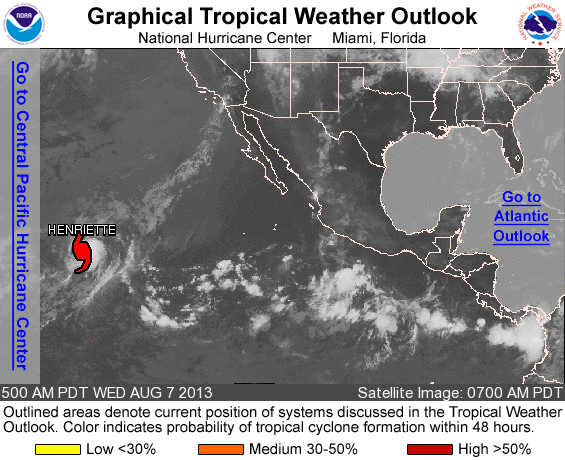
FOR THE EASTERN NORTH PACIFIC...EAST OF 140 DEGREES WEST LONGITUDE..

THE NATIONAL HURRICANE CENTER IS ISSUING ADVISORIES ON HURRICANE HENRIETTE...LOCATED FAR TO THE EAST-SOUTHEAST OF THE HAWAIIAN ISLANDS.

TROPICAL CYCLONE FORMATION IS NOT EXPECTED DURING THE NEXT 48 HOURS.

OTHER SYSTEMS WITH FORMATION POTENTIAL BEYOND 48 HOURS...

A BROAD AREA OF LOW PRESSURE IS FORECAST TO FORM ABOUT 1000 TO 1500 MILES SOUTHWEST OF THE SOUTHERN TIP OF THE BAJA CALIFORNIA PENINSULA OVER THE WEEKEND...WHEN CONDITIONS APPEAR TO BE FAVORABLE FOR SOME DEVELOPMENT. THIS SYSTEM HAS A LOW CHANCE...NEAR 0 PERCENT...OF BECOMING A TROPICAL CYCLONE DURING THE NEXT 48 HOURS...AND A MEDIUM CHANCE...30 PERCENT...OF BECOMING A TROPICAL CYCLONE DURING THE NEXT 5 DAYS.

&&
FIVE-DAY FORMATION PROBABILITIES ARE EXPERIMENTAL IN 2013. COMMENTS ON THE EXPERIMENTAL FORECASTS CAN BE PROVIDED AT...

HTTP://WWW.NWS.NOAA.GOV/SURVEY/NWS-SURVEY.PHP?CODE=ETWO

FORECASTER AVILA